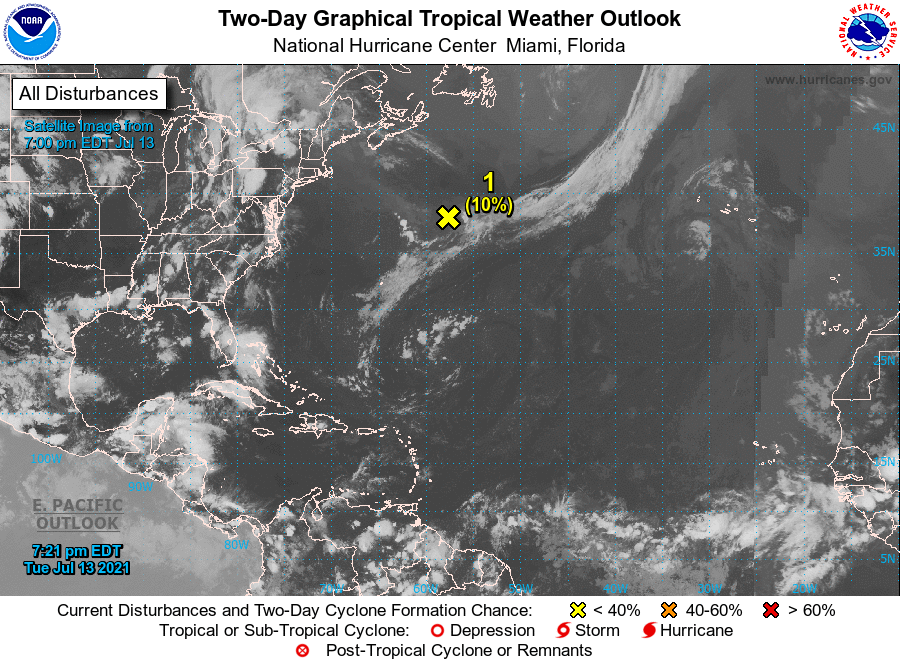
For the North Atlantic...Caribbean Sea and the Gulf of Mexico:

1. A non-tropical area of low pressure, located several hundred miles south-southwest of Cape Race, Newfoundland, is producing a few showers and thunderstorms to the east of its center. Although environmental conditions are only marginally conducive during the next couple of days, some slight development of this system is possible as it drifts generally southwestward over warmer waters. Toward the end of the week, the low is expected to accelerate northeastward and open up into a trough of low pressure to the south of Atlantic Canada.
* Formation chance through 48 hours...low...10 percent.
* Formation chance through 5 days...low...10 percent.

Forecaster Pasch